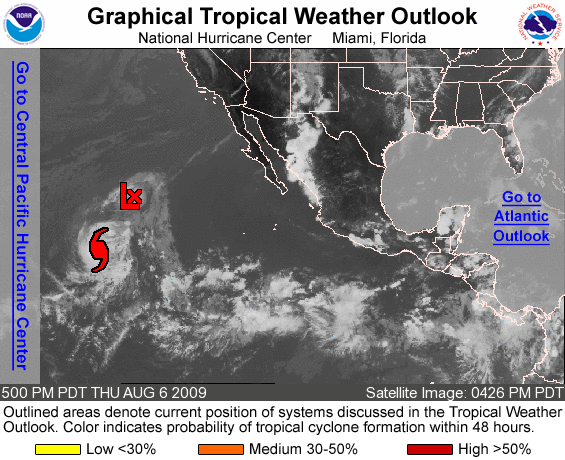
FOR THE EASTERN NORTH PACIFIC...EAST OF 140 DEGREES WEST LONGITUDE..

THE NATIONAL HURRICANE CENTER IS ISSUING ADVISORIES ON RECENTLY DOWNGRADED TROPICAL DEPRESSION ENRIQUE...LOCATED ABOUT 1165 MILES WEST OF THE SOUTHERN TIP OF BAJA CALIFORNIA...AND ON HURRICANE FELICIA...LOCATED ABOUT 1460 MILES EAST HILO HAWAII.

ELSEWHERE...TROPICAL CYCLONE FORMATION IS NOT EXPECTED DURING THE NEXT 48 HOURS.

FORECASTER ROBERTS/BEVEN